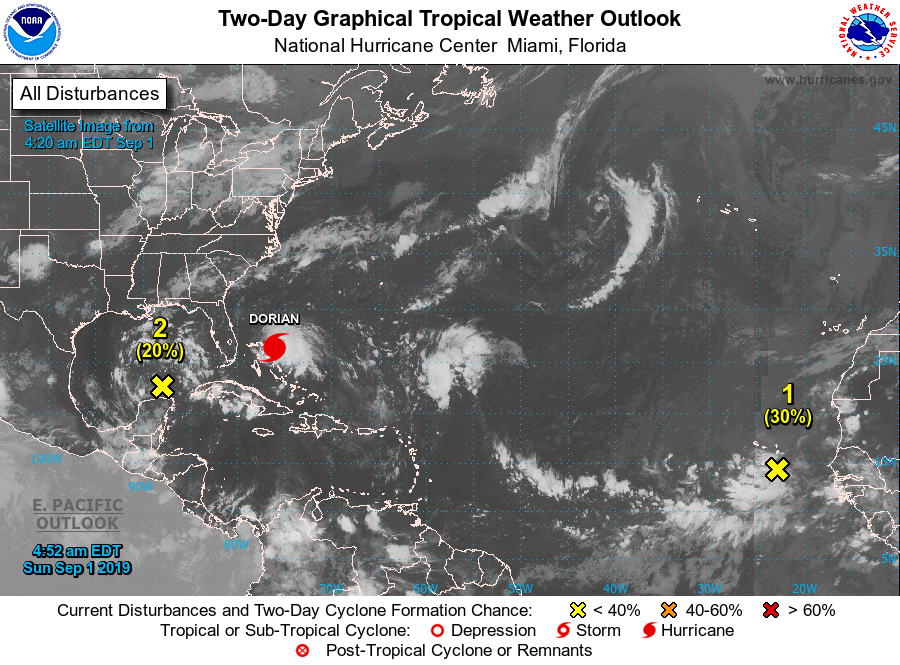
For the North Atlantic...Caribbean Sea and the Gulf of Mexico:

The National Hurricane Center is issuing advisories on Hurricane Dorian, located about 100 miles east of the northwestern Bahamas.

1. A tropical wave accompanied by a broad low pressure area is located about 150 miles south the Cabo Verde Islands. Although this disturbance continues to produce disorganized thunderstorms, environmental conditions are forecast to be conducive for development of this disturbance, and a tropical depression could form during the early or middle part of next week while the system moves northwestward across the eastern tropical Atlantic Ocean. Heavy rainfall is possible over portions of the southern Cabo Verde Islands during the next couple of days, and interests on those islands should monitor the progress of this system.
* Formation chance through 48 hours...low...30 percent.
* Formation chance through 5 days...medium...60 percent.

2. A broad area of low pressure located over the south-central Gulf of Mexico is producing limited shower activity. Some gradual development of this system is possible during the next few days while it moves slowly westward across the southern and southwestern Gulf of Mexico toward the coast of Mexico.
* Formation chance through 48 hours...low...20 percent.
* Formation chance through 5 days...low...30 percent.

Forecaster Stewart